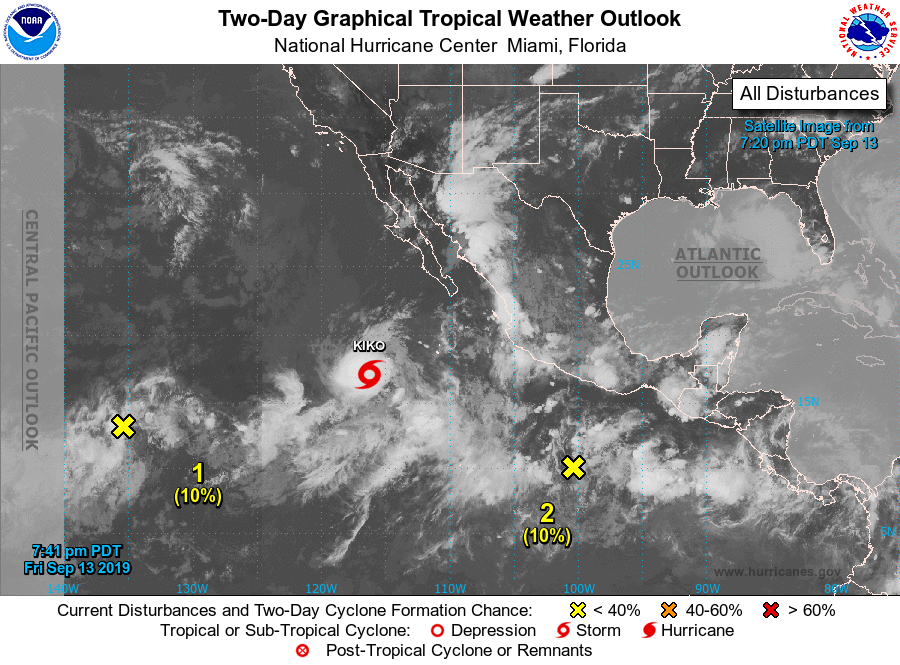
For the eastern North Pacific...east of 140 degrees west longitude:

The National Hurricane Center is issuing advisories on Tropical Storm Kiko, located several hundred miles southwest of the southern tip of the Baja California peninsula.

1. Disorganized showers and thunderstorms located about 1600 miles west-southwest of the southern tip of the Baja California peninsula are associated with a tropical wave. Little to no development of this system is anticipated while it moves slowly westward for the next day or two.
* Formation chance through 48 hours...low...10 percent.
* Formation chance through 5 days...low...10 percent.

2. A broad trough of low pressure is located several hundred miles southwest of the southern coast of Mexico. Some gradual development of this system is possible and a tropical depression could form early next week while the system moves slowly westward or west-northwestward well off the southwestern coast of Mexico.
* Formation chance through 48 hours...low...10 percent.
* Formation chance through 5 days...medium...50 percent.

3. An area of low pressure is expected to form west of the coast of Central America in a day or two. Environmental conditions are forecast to be conducive for development, and a tropical depression could form by the middle of next week while the system moves west-northwestward, near or parallel to the coast of Mexico.
* Formation chance through 48 hours...low...near 0 percent.
* Formation chance through 5 days...medium...60 percent.

Forecaster Zelinsky